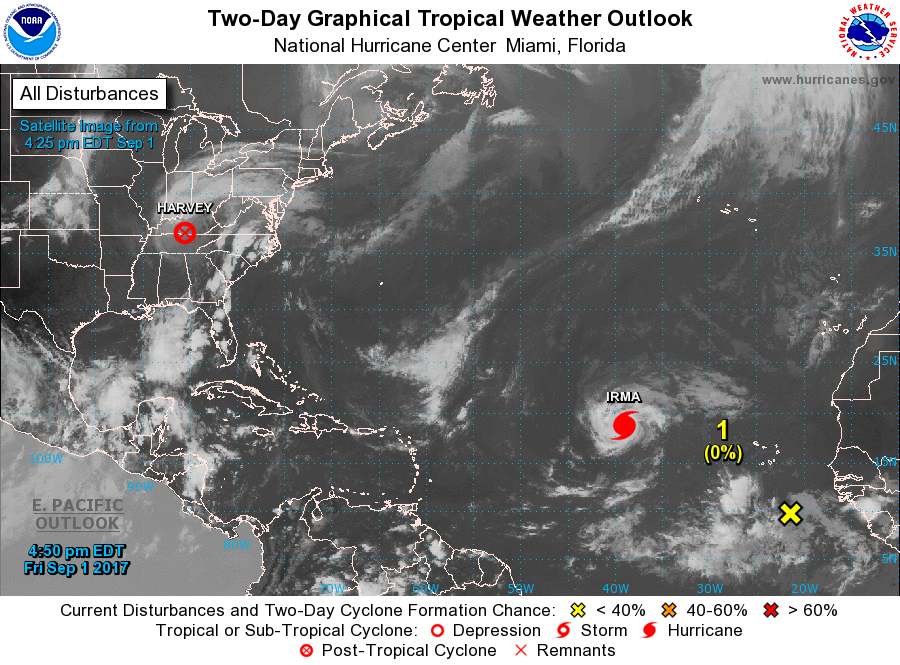
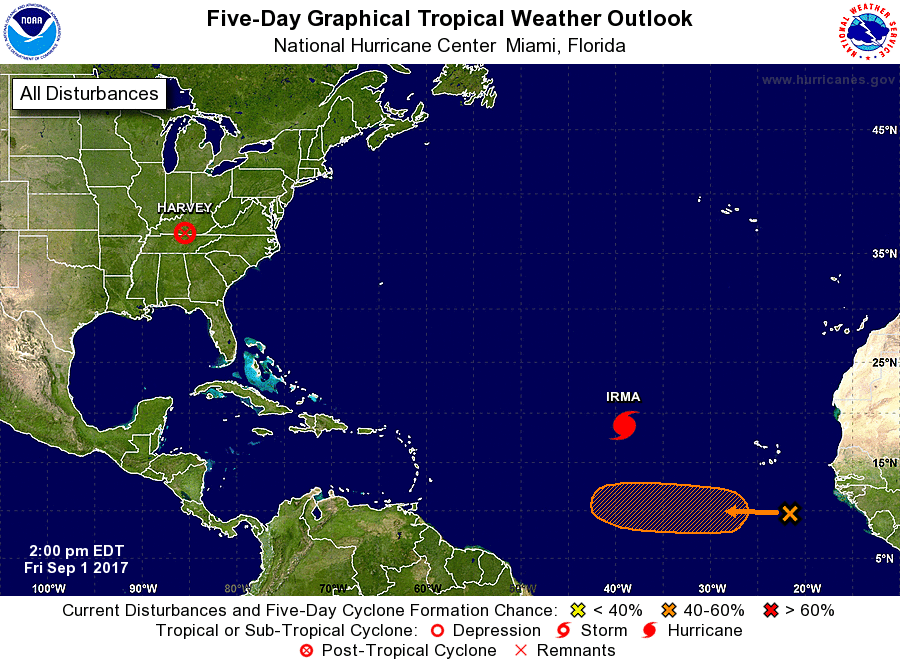
For the North Atlantic...Caribbean Sea and the Gulf of Mexico:

The National Hurricane Center is issuing advisories on Hurricane Irma, located over the eastern Atlantic Ocean. The Weather Prediction Center is issuing advisories on Post-Tropical Cyclone Harvey, located over Tennessee.

1. A tropical wave located over the far eastern Atlantic Ocean off the west coast of Africa is producing disorganized cloudiness and showers. Environmental conditions are expected to be conducive for development, and this system could become a tropical depression after the weekend while it moves westward at 15 mph over the tropical Atlantic.
* Formation chance through 48 hours...low...near 0 percent.
* Formation chance through 5 days...medium...60 percent.

Forecaster Blake